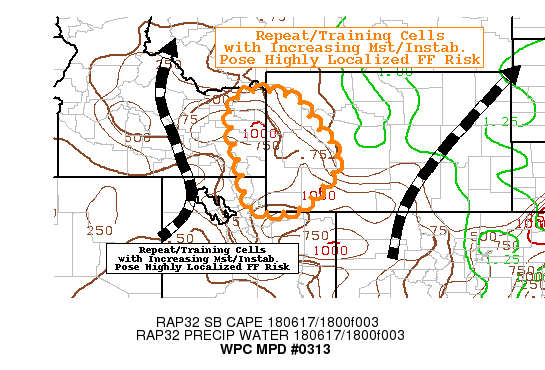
AREAS AFFECTED...EASTERN ID...WESTERN WY...EXT NORTHERN UT

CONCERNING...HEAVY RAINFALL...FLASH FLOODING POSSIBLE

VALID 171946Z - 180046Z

SUMMARY...STRONG DYNAMIC FORCING WITH POTENTIAL FOR
REPEAT/TRAINING STORMS MAY POSE HIGHLY LOCALIZED FLASH FLOODING
RISK THROUGH THIS EVENING.

DISCUSSION...DEEP CLOSED LOW OVER NW NV IS ANGLING SOUTHEAST AND
WITH MID-LEVEL DEFORMATION EXTENDING NE BUT SHIFTING WEST HAS
BROADENED UPPER LEVEL FLOW FOR INCREASING DIFFLUENCE.  3H JET IS
ALREADY REDUCING IN SPEED OVER THE AREA OF CONCERN WITH
UNDERCUTTING JET THROUGH THE GREAT BASIN ALLOWING FOR STRONG RIGHT
EXIT DYNAMICS TO INCREASE DIVERGENCE AND SPIN UP VORTICITY CENTER
SOUTH OF THE AREA OF DISCUSSION.  THIS WILL PROVIDE VERY STRONG
DYNAMIC ASCENT ALOFT WITH THE DIVERGENCE AND DPVA AND ALLOW FOR
INCREASED EASTERLY LOW LEVEL FLOW TO ADVECT MODEST LOW LEVEL
MOISTURE AND BRING TDS INTO THE UPPER 40S AND LOWER 50S.  EARLY
MORNING/AFTERNOON SOLID INSOLATION HAS ALLOWED FOR INCREASED
SURFACE TEMPS TO SUPPORT INSTABILITY GROWTH TO 1000 J/KG FOR
UPDRAFT VIGOR.  THIS SHOULD SUPPORT RAIN RATES INITIALLY AROUND
.5-.75"/HR RATES TRENDING TOWARD HIGHER EFFICIENCY LATER (UP TO
1"/HR) THIS EVENING  AS LOCAL MID-LEVEL PROFILES MOISTEN WITH
INITIAL DOWNDRAFTS/CELL EVAPORATION.

CURRENT RADAR TRENDS SHOW BROKEN N-S ORIENTED BAND FROM KRXE
TOWARD KEVW.  GENERALLY UNIDIRECTIONAL CLOUD BEARING FLOW SUPPORTS
A TRAINING PROFILE BUT WITH SOME PROPAGATION VECTORS TOWARD THE
INFLOW EAST...IDEAL TRAINING MAY BE A BIT LIMITED BUT GIVEN
STRENGTH OF UPSTREAM DYNAMICS...REPEAT DEVELOPMENT IS LIKELY.
HI-RES CAMS SUGGEST MAX TOTALS SCATTERED THROUGH THE AREA OF
CONCERN OF 1.5-2" OVER A 2-3 HOUR TIME PERIOD.  AS SUCH HIGHLY
LOCALIZED FLASH FLOODING IS POSSIBLE GIVEN LOW FFG VALUES IN THE
REGION ESPECIALLY OVER E ID AND NEAR THE TETON/JACKSON RANGES.